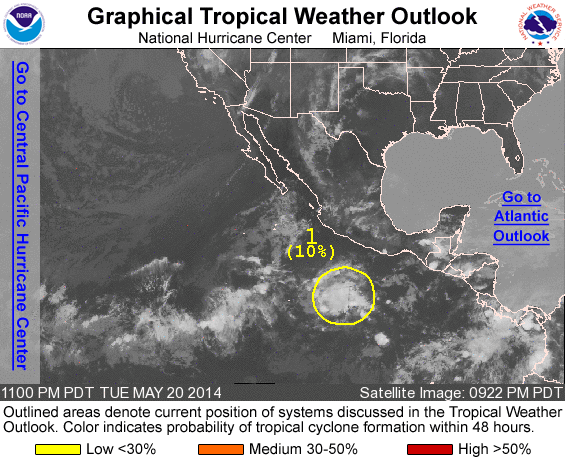
For the eastern North Pacific...east of 140 degrees west longitude:

Systems with the potential to become a tropical cyclone during the next 48 hours...

1. A broad area of low pressure located several hundred miles south- southwest of Acapulco, Mexico, continues to produce disorganized shower and thunderstorm activity. Environmental conditions are expected to be only marginally conducive during the next several days, and any development of this system should be slow to occur while it moves westward to west-northwestward at 5 to 10 mph.
* Formation chance through 48 hours...low...10 percent
* Formation chance through 5 days...medium...30 percent

Forecaster Brennan